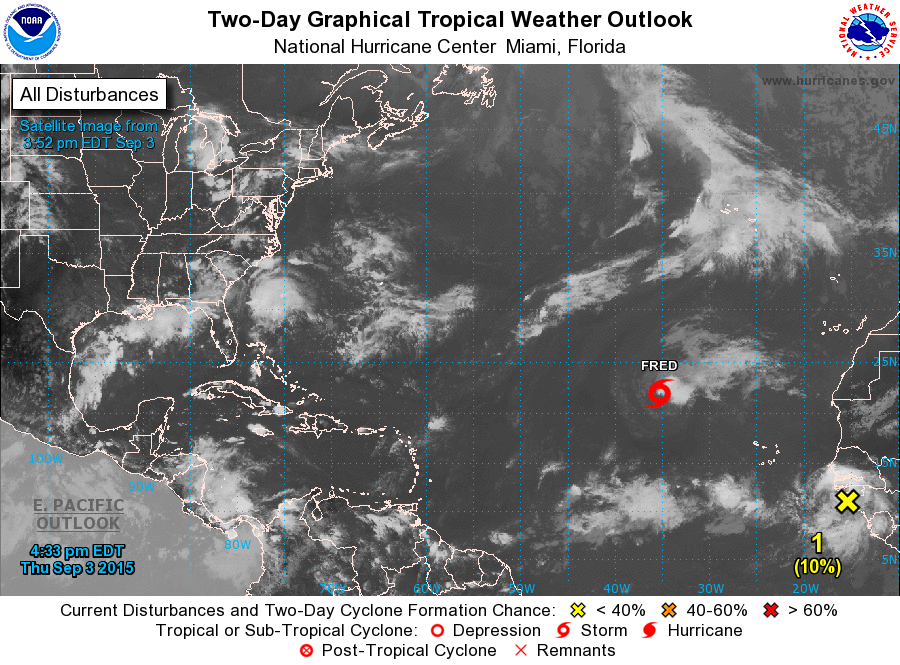
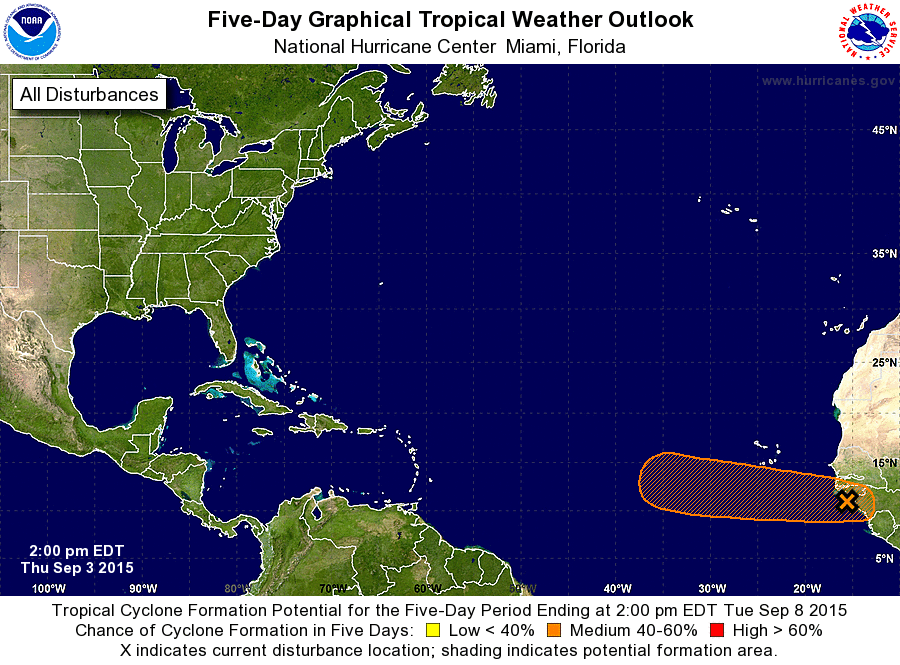
For the North Atlantic...Caribbean Sea and the Gulf of Mexico:

The National Hurricane Center is issuing advisories on Tropical Storm Fred, located several hundred miles west-northwest of the Cape Verde Islands.

1. A tropical wave is currently moving off of the west coast of Africa. This system has some potential for slow development as it moves westward at 15 to 20 mph across the tropical Atlantic over the next several days.
* Formation chance through 48 hours...low...10 percent
* Formation chance through 5 days...medium...40 percent

Forecaster Avila